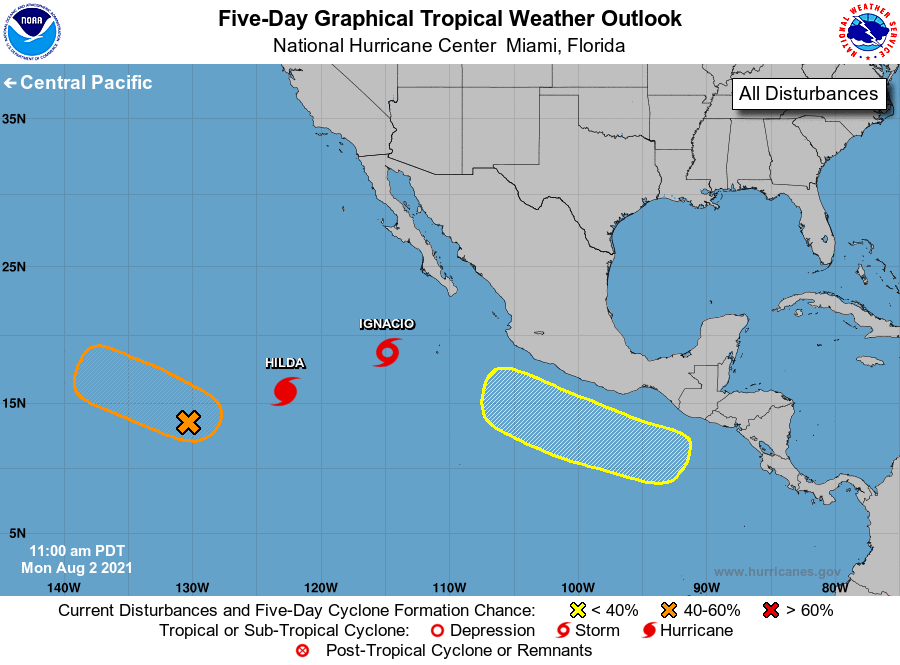
For the eastern North Pacific...east of 140 degrees west longitude:

The National Hurricane Center is issuing advisories on Hurricane Hilda, located about 1000 miles west-southwest of the southern tip of the Baja California peninsula, and on recently upgraded Tropical Storm Ignacio, located more than 400 miles southwest of the southern tip of the Baja California peninsula.

1. A low pressure system associated with the remnants of Tropical Depression Nine-E is producing a large area of showers and thunderstorms more than 1400 miles west-southwest of the southern tip of the Baja California peninsula. The shower activity has been increasing and showing some signs of organization over the past several hours, and environmental conditions are expected to be at least marginally conducive for a tropical depression to reform during the next day or so while the low moves west-northwestward to northwestward at 5 to 10 mph.
* Formation chance through 48 hours...medium...60 percent.
* Formation chance through 5 days...medium...60 percent.

2. An area of low pressure is expected to develop a few hundred miles south of the southern coast of Mexico by the end of the week. Environmental conditions are forecast to be conducive for gradual development thereafter while the system moves west-northwestward at 10 to 15 mph, just offshore and parallel to the coast of southwestern Mexico.
* Formation chance through 48 hours...low...near 0 percent.
* Formation chance through 5 days...low...20 percent.

Public Advisories on Tropical Storm Ignacio are issued under WMO header WTPZ35 KNHC and under AWIPS header MIATCPEP5. Forecast/Advisories on Tropical Storm Ignacio are issued under WMO header WTPZ25 KNHC and under AWIPS header MIATCMEP5.

Forecaster Stewart